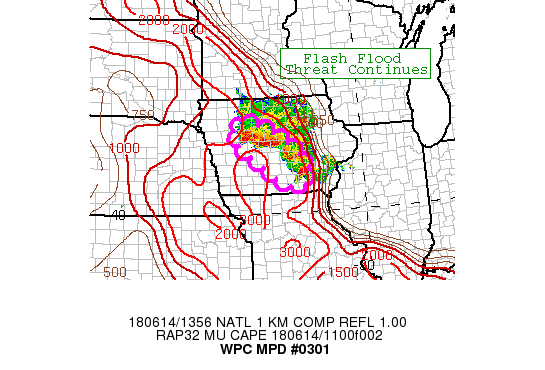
AREAS AFFECTED...CENTRAL IOWA

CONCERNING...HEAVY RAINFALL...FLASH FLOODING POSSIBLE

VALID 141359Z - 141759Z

SUMMARY...CELLS PRODUCING HEAVY RAINFALL CONTINUE TO TRAIN OVER
PORTIONS OF CENTRAL IOWA. THIS WILL CONTINUE THE THREAT OF FLASH
FLOODING INTO MID MORNING.

DISCUSSION...ELEVATED CONVECTION CONTINUES TO TRAIN ACROSS
PORTIONS OF CENTRAL IA. ACTIVITY IS FORMING ON THE NOSE OF A
STRONG CORRIDOR OF 850 MB MOISTURE TRANSPORT. THE PERSISTENT
MOISTURE TRANSPORT CONTINUES TO BE SUPPORTIVE OF BACKBUILDING INTO
THE BOUNDARY...WITH CORFIDI VECTORS PARALLEL TO THE MOISTURE
CONVERGENCE AXIS SUPPORTIVE OF NORTHWEST TO SOUTHEAST TRAINING OF
CELLS.

IN GENERAL WOULD ANTICIPATE THIS ACTIVITY TO BE ON A DOWNWARD
TREND AS WE LOSE THE NOCTURNAL LOW LEVEL JET RESULTING IN A
DECREASE IN THE FAVORABLE MOISTURE TRANSPORT/CONVERGENCE. HOWEVER
LATEST IR IMAGERY STILL SHOWS NO SIGNS OF WARMING CLOUD TOPS AS OF
1330Z...THUS WOULD APPEAR LIKE WE HAVE AT LEAST A FEW MORE HOURS
OF LOCALLY HEAVY RAINS AND A CONTINUED FLASH FLOOD THREAT. HAVE
NOTICED THE NORTHERN CONVECTIVE ELEMENTS HAVE BECOME A BIT MORE
PROGRESSIVE OFF TO THE SOUTHEAST RECENTLY...AND THUS THE WORST OF
THE FLASH FLOOD THREAT MAY HAVE PASSED.

NONETHELESS...THE MAINTENANCE OF THE MOISTURE TRANSPORT AND IR
SATELLITE TRENDS SUGGEST AT LEAST SOME THREAT WILL CONTINUE OVER
THE NEXT SEVERAL HOURS. THINK THAT BY 16-18Z WE SHOULD SEE THE
EXPECTED WEAKENING TAKE PLACE...WITH ANY REMAINING HEAVY CORES
PROBABLY BECOMING MORE PROGRESSIVE OFF TO THE SOUTHEAST BY THAT
TIME AS WELL BOTH OF THESE FACTORS WILL LIKELY RESUL IN A LOWER
FLASH FLOOD THREAT BY THAT TIME.

RECENT RUNS OF THE HRRR AND EXPERIMENTAL HRRR SEEM TO BE HANDLING
THE OVERALL EVOLUTION WELL. ALTHOUGH BOTH ARE TOO FAR NORTHEAST
WITH THE CONVECTIVE AXIS. THUS A SLIGHTLY SOUTHWESTWARD SHIFTED
HRRR/HRRRX SHOULD HANDLE THE SITUATION FINE.